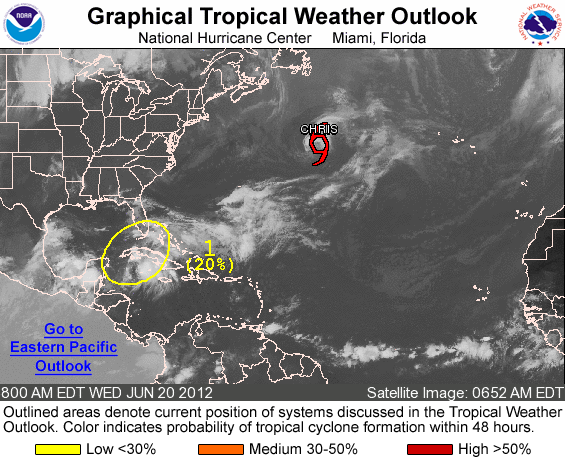
FOR THE NORTH ATLANTIC...CARIBBEAN SEA AND THE GULF OF MEXICO...

THE NATIONAL HURRICANE CENTER IS ISSUING ADVISORIES ON TROPICAL STORM CHRIS...LOCATED ABOUT 590 MILES SOUTH OF CAPE RACE NEWFOUNDLAND.

1. A LOW PRESSURE TROUGH EXTENDING FROM THE NORTHWESTERN CARIBBEAN SEA NORTHEASTWARD TO SOUTHERN FLORIDA IS PRODUCING WIDESPREAD CLOUDINESS...SHOWERS...AND THUNDERSTORMS. UPPER-LEVEL WINDS ARE MARGINALLY CONDUCIVE FOR DEVELOPMENT...AND THIS SYSTEM HAS A LOW CHANCE...20 PERCENT...OF BECOMING A TROPICAL CYCLONE DURING THE NEXT 48 HOURS AS IT MOVES SLOWLY NORTHWESTWARD INTO THE SOUTHEASTERN GULF OF MEXICO. HEAVY RAINFALL IS LIKELY ACROSS THE CAYMAN ISLANDS...CUBA...THE BAHAMAS...AND SOUTHERN FLORIDA OVER THE NEXT COUPLE OF DAYS. FLOODING IS ALSO POSSIBLE IN THESE AREAS... ESPECIALLY IN CUBA WHERE THE GROUND IS ALREADY SATURATED FROM HEAVY RAINFALL OVER THE PAST SEVERAL WEEKS.

ELSEWHERE...TROPICAL CYCLONE FORMATION IS NOT EXPECTED DURING THE NEXT 48 HOURS.

&&
PUBLIC ADVISORIES ON TROPICAL STORM CHRIS ARE ISSUED UNDER WMO HEADER WTNT33 KNHC AND UNDER AWIPS HEADER MIATCPAT3. FORECAST/ADVISORIES ON CHRIS ARE ISSUED UNDER WMO HEADER WTNT23 KNHC AND UNDER AWIPS HEADER MIATCMAT3.

FORECASTER ROBERTS/BROWN